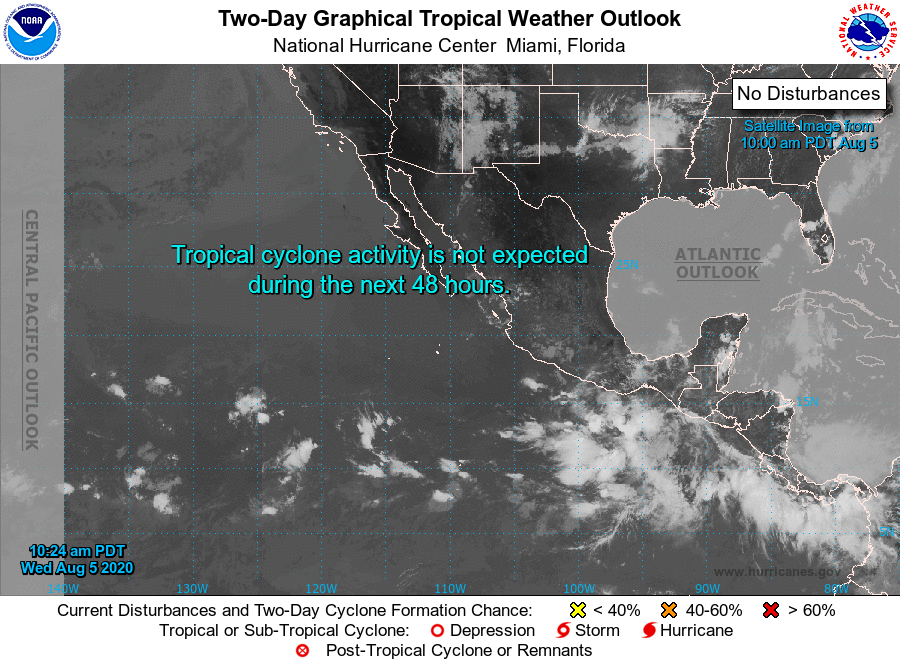
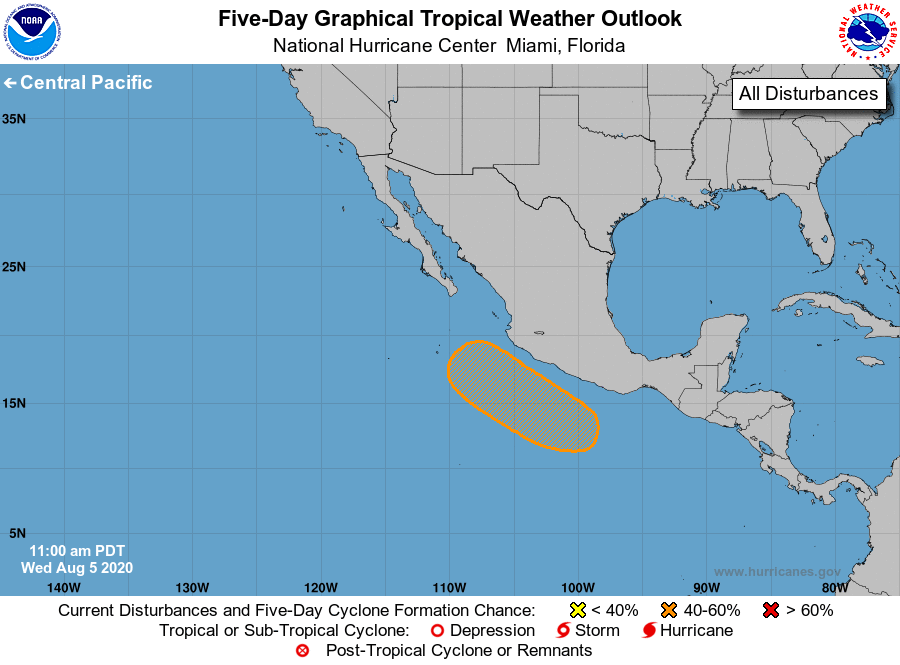
For the eastern North Pacific...east of 140 degrees west longitude:

1. An area of low pressure is expected to form south or southwest of the southern coast of Mexico over the weekend. Environmental conditions are forecast to be conducive for development, and a tropical depression is somewhat likely to form early next week while the system moves generally west-northwestward.
* Formation chance through 48 hours...low...near 0 percent.
* Formation chance through 5 days...medium...60 percent.

Forecaster Blake